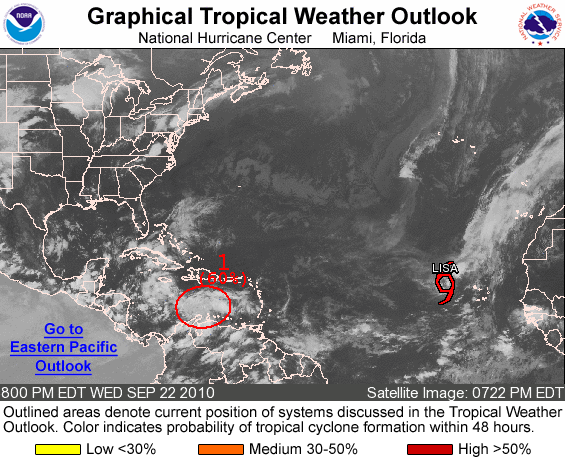
FOR THE NORTH ATLANTIC...CARIBBEAN SEA AND THE GULF OF MEXICO...

THE NATIONAL HURRICANE CENTER IS ISSUING ADVISORIES ON TROPICAL STORM LISA...LOCATED ABOUT 425 MILES WEST-NORTHWEST OF THE CAPE VERDE ISLANDS.

1. AIRCRAFT DATA FROM NATIONAL SCIENCE FOUNDATION AND NASA RESEARCH MISSIONS INDICATE THAT THE AREA OF LOW PRESSURE IN THE SOUTH-CENTRAL CARIBBEAN SEA HAS BECOME A LITTLE BETTER DEFINED THIS EVENING. ENVIRONMENTAL CONDITIONS APPEAR FAVORABLE FOR DEVELOPMENT AND THIS SYSTEM COULD BECOME A TROPICAL DEPRESSION DURING THE NEXT DAY OR TWO AS IT MOVES WESTWARD AT 15 MPH TOWARD THE WESTERN CARIBBEAN. THERE IS A HIGH CHANCE...60 PERCENT...OF THIS SYSTEM BECOMING A TROPICAL CYCLONE DURING THE NEXT 48 HOURS. REGARDLESS OF DEVELOPMENT...THIS SYSTEM HAS THE POTENTIAL TO PRODUCE HEAVY RAINFALL OVER NORTHERN VENEZUELA AND COLOMBIA DURING THE NEXT DAY OR SO...AND OVER PORTIONS OF CENTRAL AMERICA IN A COUPLE OF DAYS.

ELSEWHERE...TROPICAL CYCLONE FORMATION IS NOT EXPECTED DURING THE NEXT 48 HOURS.

FORECASTER CANGIALOSI/BROWN